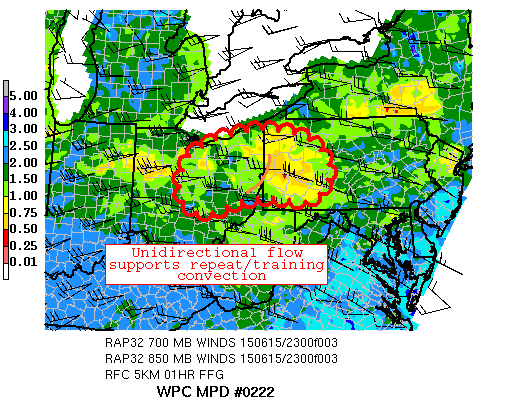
AREAS AFFECTED...CENTRAL TO EASTERN OH/WESTERN PA...

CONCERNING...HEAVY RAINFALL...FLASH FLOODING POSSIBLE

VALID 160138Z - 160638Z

SUMMARY...UPSTREAM CONVECTION FROM THE UPPER GREAT LAKES CONTINUES
TO DROP HEAVY RAINFALL ACROSS AREAS OF OH AND INTO WESTERN PA.
SIGNIFICANTLY LOW FFG VALUES SUGGESTS ANY ADDITIONAL PRECIPITATION
OVER THE REGION WILL ENHANCE THE RISK FOR FLASH FLOODING.

DISCUSSION...WITH A BROAD LOW/MID-LEVEL ANTICYCLONE ANCHORING THE
SOUTHEASTERN U.S...CONVECTION CONTINUES TO STREAM EASTWARD ABOVE
THE EXPANSIVE RIDGE. MUCH OF THE HEAVY PRECIPITATION AFFECTING THE
UPPER GREAT LAKES REGION IS EXPECTED TO MIGRATE EASTWARD TOWARD
AREAS WITH VERY LOW FFG VALUES. THIS THEME IS FORECAST TO CONTINUE
GIVEN SUFFICIENT BUOYANCY WITHOUT MUCH CAPPING AS SUGGESTED BY THE
GUIDANCE. THERMODYNAMIC PROFILES ARE QUITE IMPRESSIVE PER THE 00Z
RAOB FROM PIT. DEEP-LAYERED WESTERLY UNIDIRECTIONAL FLOW IS
PRESENT IN CONJUNCTION WITH A TALL/SKINNY CAPE PROFILE CONSISTING
OF VALUES ABOVE 1800 J/KG. MODIFYING THE LOW-LEVEL TEMPERATURES
FOR NOCTURAL COOLING STILL IMPLIES CAPES IN THE 1000 TO 1500 J/KG
RANGE WITH NO INHIBITION. THE TROPOSPHERIC WIND STRUCTURE IN PLACE
FAVORS TRAINING/REPEAT CONVECTION ACROSS THE REGION. 00Z RAP
FORECAST CORFIDI VECTORS ARE MINIMIZED THUS SUPPORTING THIS NOTION.

THE LATEST 00Z HRRR HAS A REASONABLE DEPICTION OF THE ONGOING
CONVECTIVE ACTIVITY. MANY OF THE CONVECTION-ALLOWING MODELS FROM
THE 12Z CYCLE WERE TOO FAR NORTH RELATIVE TO THE RADAR/SATELLITE
TRENDS. CONSIDERING THE 00Z HRRR AT FACE VALUE...EXPECT ANOTHER 1
TO 2 INCHES OF RAINFALL THROUGH 06Z ACROSS THE MPD AREA WITH
ISOLATED HIGHER AMOUNTS POSSIBLE. FLASH FLOODING IS POSSIBLE
ACROSS THE ENTIRE REGION WHILE BEING MORE LIKELY IN AREAS WHERE
FFG VALUES ARE MINIMIZED.